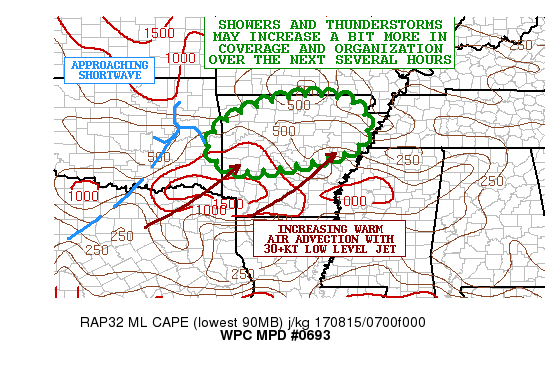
AREAS AFFECTED...EAST-CENTRAL OK...CENTRAL/NORTHERN AR

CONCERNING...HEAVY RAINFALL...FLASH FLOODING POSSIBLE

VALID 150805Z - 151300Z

SUMMARY...HEAVY SHOWERS AND THUNDERSTORMS MAY TEND TO INCREASE A
BIT MORE IN COVERAGE AND ORGANIZATION OVER THE NEXT FEW HOURS. THE
RATHER SLOW CELL MOTION WILL FOSTER SOME HEAVY RAINFALL
AMOUNTS...WITH SOME FLASH FLOODING POSSIBLE.

DISCUSSION...RADAR IMAGERY HAS BEEN SHOWING A GRADUAL INCREASE IN
SHOWER AND THUNDERSTORM ACTIVITY OVER PARTS OF EAST-CENTRAL OK AND
EVEN MORE SO OVER WEST-CENTRAL AND NORTHWEST AR. GOES IR SATELLITE
IMAGERY HAS OVERALL BEEN SHOWING SOME ADDITIONAL COOLING OF THE
CONVECTIVE TOPS WHICH IS SUGGESTIVE OF A STRONGER FORCING
ENVIRONMENT AND THIS SHOULD BE CORRELATING TO HEAVIER RAINFALL
RATES AS A RESULT.

THE CONVECTION IS GENERALLY FORMING WITHIN A BROAD WARM ADVECTION
PATTERN WITH SOUTHWEST LOW TO MID LEVEL FLOW OUT AHEAD OF A
SHORTWAVE TROUGH ADVANCING EAST FROM THE SOUTHERN PLAINS INTO THE
LOWER MS VALLEY. THE LOW LEVEL SOUTHWEST FLOW IS ON THE ORDER OF
20 TO 30 KTS WHICH IS RELATIVELY MODEST...BUT THERE IS SUFFICIENT
ISENTROPIC ASCENT AND LARGE SCALE DIVERGENCE OVER THE REGION FOR
THE CONVECTION TO DEVELOP AND EXPAND IN COVERAGE. PWATS ARE ON THE
ORDER OF 2 INCHES...AND THE CONVECTION HAS BEEN TENDING TO FOCUS
ALONG A MODEST INSTABILITY GRADIENT WITH AS MUCH AS 1000 TO 1500
J/KG OF MLCAPE NOTED OVER SOUTHWEST AR.

SOME ADDITIONAL CONVECTIVE ORGANIZATION IS EXPECTED OVER THE NEXT
COUPLE OF HOURS AS THE LOW LEVEL JET STRENGTHENS A TAD MORE WHICH
WILL ENHANCE THE WARM ADVECTION A BIT MORE ALONG WITH THE
TRANSPORT OF DEEPER MOISTURE AND INSTABILITY. SOME LOW LEVEL SPEED
CONVERGENCE IS ALSO NOTED IN THE AREA WIND PROFILER DATA...AND
THIS WILL ALSO FACILITATE SOME GREATER CONVECTIVE ORGANIZATION.

EXPECT RAINFALL TOTALS OF AS MUCH AS 2 TO 4 INCHES WITH SOME
ISOLATED CONCENTRATED TOTALS POSSIBLY EXCEEDING 5 INCHES POSSIBLE
WHERE CELLS TEND TO REPEAT OVER THE SAME AREA. LOCALLY THE
ANTECEDENT CONDITIONS ARE RATHER WET AND SOME FLASH FLOODING
CONCERNS WILL EXIST AS A RESULT.